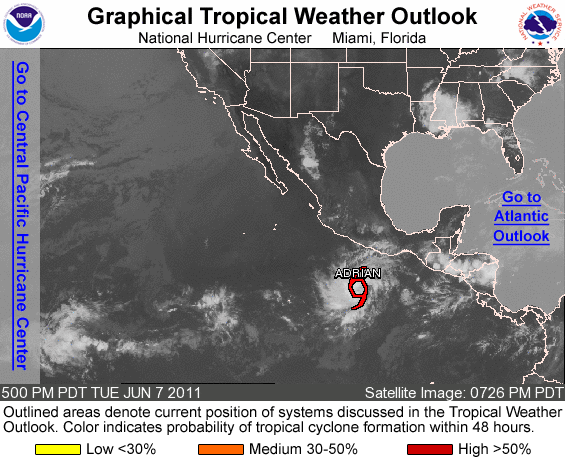
FOR THE EASTERN NORTH PACIFIC...EAST OF 140 DEGREES WEST LONGITUDE..

THE NATIONAL HURRICANE CENTER IS ISSUING ADVISORIES ON TROPICAL DEPRESSION ONE-E...LOCATED ABOUT 360 MILES SOUTH OF ACAPULCO MEXICO.

ELSEWHERE...TROPICAL CYCLONE FORMATION IS NOT EXPECTED DURING THE NEXT 48 HOURS.

PUBLIC ADVISORIES ON TROPICAL DEPRESSION ONE-E ARE ISSUED UNDER WMO HEADER WTPZ31 KNHC AND UNDER AWIPS HEADER MIATCPEP1. FORECAST/ADVISORIES ON ONE-E ARE ISSUED UNDER WMO HEADER WTPZ21 KNHC AND UNDER AWIPS HEADER MIATCMEP1.

FORECASTER KIMBERLAIN